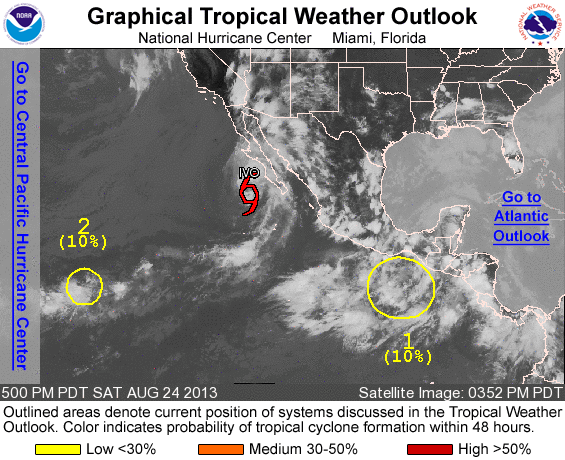
FOR THE EASTERN NORTH PACIFIC...EAST OF 140 DEGREES WEST LONGITUDE..

THE NATIONAL HURRICANE CENTER IS ISSUING ADVISORIES ON TROPICAL STORM IVO...LOCATED A COUPLE HUNDRED MILES WEST OF CABO SAN LUCAS MEXICO.

1. A BROAD LOW PRESSURE SYSTEM LOCATED ABOUT 350 MILES SOUTH OF THE GULF OF TEHUANTEPEC IS PRODUCING DISORGANIZED SHOWERS AND THUNDERSTORMS OVER MUCH OF THE FAR EASTERN PACIFIC OCEAN. LITTLE DEVELOPMENT OF THIS DISTURBANCE IS EXPECTED DURING THE NEXT COUPLE OF DAYS. AFTER THAT TIME...HOWEVER...ENVIRONMENTAL CONDITIONS COULD BECOME MORE CONDUCIVE FOR THE DEVELOPMENT OF A TROPICAL DEPRESSION AROUND MIDWEEK. THIS SYSTEM HAS A LOW CHANCE...NEAR 10 PERCENT... OF BECOMING A TROPICAL CYCLONE DURING THE NEXT 48 HOURS...AND A HIGH CHANCE...70 PERCENT...OF BECOMING A TROPICAL CYCLONE DURING THE NEXT 5 DAYS WHILE IT MOVES WEST-NORTHWESTWARD AT 10 TO 15 MPH.

2. A SMALL AREA OF DISTURBED WEATHER HAS REMAINED NEARLY STATIONARY ABOUT 1400 MILES EAST-SOUTHEAST OF THE BIG ISLAND OF HAWAII. SHOWER ACTIVITY IS LIMITED...AND ANY DEVELOPMENT OF THIS DISTURBANCE SHOULD BE SLOW TO OCCUR OVER THE NEXT SEVERAL DAYS DUE TO ITS PROXIMITY TO DRY AIR. THIS SYSTEM HAS A LOW CHANCE...10 PERCENT... OF BECOMING A TROPICAL CYCLONE DURING THE NEXT 48 HOURS...AND A LOW CHANCE...20 PERCENT...OF BECOMING A TROPICAL CYCLONE DURING THE NEXT 5 DAYS.

FIVE-DAY FORMATION PROBABILITIES ARE EXPERIMENTAL IN 2013. COMMENTS ON THE EXPERIMENTAL FORECASTS CAN BE PROVIDED AT...

HTTP://WWW.NWS.NOAA.GOV/SURVEY/NWS-SURVEY.PHP?CODE=ETWO

FORECASTER STEWART